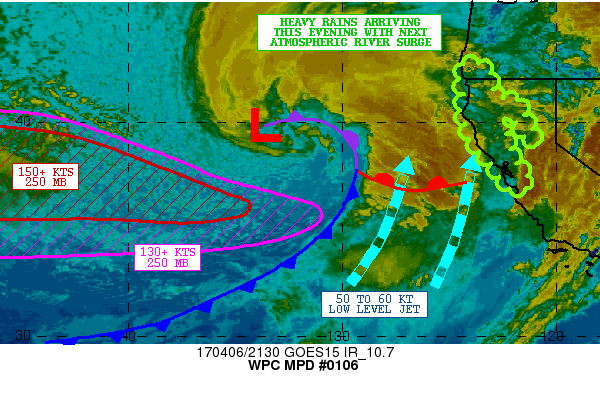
AREAS AFFECTED...FAR SOUTHWEST OR...NORTHERN CA COASTAL
RANGES...FOOTHILLS OF NORTHERN SIERRA-NEVADA

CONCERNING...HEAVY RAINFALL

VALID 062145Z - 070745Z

SUMMARY...STRONG UPPER TROUGH OFFSHORE WILL APPROACH THE WEST
COAST AND BRING HEAVY RAIN TO FAR SOUTHWEST OR AND ESPECIALLY
NORTHERN CA THIS EVENING.

DISCUSSION...THE LATEST GOES-W IR SATELLITE IMAGERY SHOWS AN
AMPLIFYING SHORTWAVE TROUGH OFFSHORE THE WEST COAST WHICH WILL BE
MOVING EAST THIS EVENING AND WILL BE TRANSPORTING A DEEP SURGE OF
PACIFIC MOISTURE AND HEAVY RAIN INTO THE COASTAL RANGES OF FAR
SOUTHWEST OR AND ESPECIALLY NORTHERN CA. A DEEPENING AREA OF LOW
PRESSURE ACCOMPANYING THE UPPER TROUGH WILL BE LIFTING NORTHEAST
TO OFFSHORE WESTERN OR BY 06Z...BUT THIS WILL HELP DRIVE A 50 TO
60 KT SOUTH-SOUTHWEST LOW LEVEL JET INTO THE COASTAL RANGES WHICH
WILL FOSTER SUFFICIENTLY STRONG ENOUGH OROGRAPHIC FORCING FOR
ENHANCED RAINFALL RATES. VERY STRONG UPPER JET FORCING WILL BE
NOTED TOO AS THE NOSE OF A 130-150+ KT 250MB JET ARRIVES...WITH
EXCELLENT LEFT-EXIT REGION JET DYNAMICS/ASCENT.

AN 1828Z AMSU PASS ALREADY INDICATES OFFSHORE RAINFALL RATES OF UP
TO 0.50 TO 0.60 INCHES/HR WHICH APPEAR TO BE CONNECTED TO SOME
CONVECTIVE ENHANCEMENT ASSOCIATED WITH STEEPENING MID LEVEL LAPSE
RATES. THIS IS SUPPORTED BY GOES-SOUNDER LI/S OF -2 TO -4 NEAR THE
CORE OF THE DEEPENING MID LEVEL LOW CENTER. THESE HEAVIER RAINFALL
RATES WILL APPROACH NORTHERN CA OVERNIGHT AS PART OF THE STRONGER
WARM ADVECTION PATTERN AND STRENGTHENING ONSHORE/UPSLOPE FLOW.
PWATS CORRESPONDINGLY WILL INCREASE AND ARE FORECAST TO INCREASE
TO NEAR 1.25 INCHES ALONG THE IMMEDIATE COAST BETWEEN 00Z AND
06Z...AND THIS WILL BE A SOLID 3 STANDARD DEVIATIONS ABOVE NORMAL.

THE LATEST HRRR GUIDANCE SUPPORTS RAINFALL RATES REACHING AS HIGH
AS 0.75 TO 1 INCH/HR OVER SOME OF THE MORE OROGRAPHICALLY FAVORED
TERRAIN INVOLVING SONOMA...MENDOCINO AND HUMBOLDT COUNTIES OF
NORTHERN CA...WHICH WILL BE BETTER ALIGNED WITH THE CORE OF THE
STRONGEST MOISTURE TRANSPORT. STORM TOTALS THROUGH 06Z OF 2 TO 4
INCHES CAN BE EXPECTED FOR THE COASTAL RANGES WITH ISOLATED
HEAVIER TOTALS. SLIGHTLY LESSER AMOUNTS WILL BE NOTED FARTHER
INLAND INCLUDING THE FOOTHILLS OF THE NORTHERN SIERRA-NEVADA AND
SHASTA/SISKIYOU RANGES. A COLD FRONT WILL BE MOVING INLAND BY
06Z...BUT SOME ADDITIONAL MODERATE TO HEAVY RAIN WILL BE LIKELY
AFTER 06Z AND EXTENDING THROUGH 12Z WITH PERHAPS UP TO ANOTHER 1
TO 1.5 INCHES OF RAIN LOCALLY. GIVEN THE ELEVATED RAINFALL RATE
POTENTIAL IN THE NEAR-TERM THROUGH THE EVENING HOURS...ENHANCED
RUNOFF IS POSSIBLE ALONG WITH SOME DEBRIS FLOW/MUDSLIDE CONCERNS.